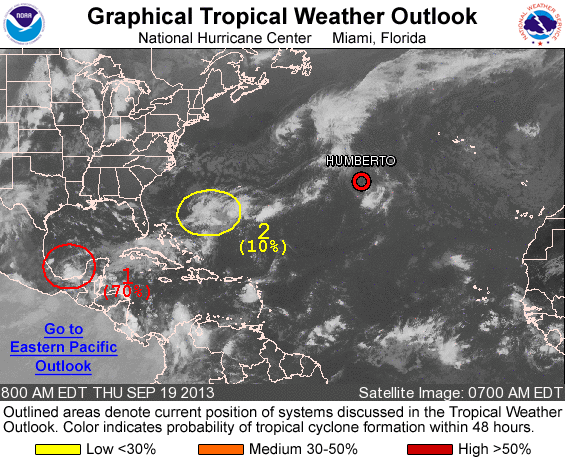
FOR THE NORTH ATLANTIC...CARIBBEAN SEA AND THE GULF OF MEXICO...

THE NATIONAL HURRICANE CENTER IS ISSUING ADVISORIES ON TROPICAL DEPRESSION HUMBERTO...LOCATED OVER THE EASTERN ATLANTIC WELL TO THE WEST-SOUTHWEST OF THE AZORES.

1. AN AREA OF LOW PRESSURE LOCATED OVER THE SOUTHWESTERN GULF OF MEXICO IS PRODUCING DISORGANIZED SHOWER AND THUNDERSTORM ACTIVITY NEAR THE COAST OF THE BAY OF CAMPECHE. CONDITIONS STILL APPEAR CONDUCIVE FOR THE FORMATION OF A TROPICAL DEPRESSION DURING THE NEXT DAY OR TWO...AND AN AIR FORCE RESERVE HURRICANE HUNTER AIRCRAFT IS SCHEDULED TO INVESTIGATE THE LOW THIS AFTERNOON...IF NECESSARY. THIS SYSTEM HAS A HIGH CHANCE...70 PERCENT...OF BECOMING A TROPICAL CYCLONE DURING THE NEXT 48 HOURS WHILE IT MOVES WEST-NORTHWESTWARD TO NORTHWESTWARD AT 5 TO 10 MPH...AND A HIGH CHANCE...80 PERCENT...OF BECOMING A TROPICAL CYCLONE DURING THE NEXT 5 DAYS. THIS DISTURBANCE WILL LIKELY SPREAD HEAVY RAIN OVER PORTIONS OF EASTERN AND SOUTHERN MEXICO AND COULD CAUSE LIFE-THREATENING FLOODS AND MUDSLIDES OVER AREAS ALREADY IMPACTED BY TORRENTIAL RAIN DURING THE PAST SEVERAL DAYS.

2. CLOUDINESS AND SHOWERS LOCATED ABOUT MIDWAY BETWEEN THE BAHAMAS AND BERMUDA ARE ASSOCIATED WITH A FRONTAL TROUGH. ALTHOUGH UPPER-LEVEL WINDS DO NOT APPEAR CONDUCIVE FOR SIGNIFICANT TROPICAL DEVELOPMENT...AN AREA OF LOW PRESSURE IS FORECAST TO FORM IN THIS AREA DURING THE NEXT COUPLE OF DAYS. THIS SYSTEM COULD ACQUIRE SOME SUBTROPICAL CHARACTERISTICS WHILE IT MOVES GENERALLY NORTHEASTWARD OVER THE WESTERN ATLANTIC THROUGH EARLY NEXT WEEK. THIS SYSTEM HAS A LOW CHANCE...10 PERCENT...OF BECOMING A SUBTROPICAL CYCLONE DURING THE NEXT 48 HOURS AND A LOW CHANCE...20 PERCENT...OF BECOMING A SUBTROPICAL CYCLONE DURING THE NEXT 5 DAYS.

FIVE-DAY FORMATION PROBABILITIES ARE EXPERIMENTAL IN 2013. COMMENTS ON THE EXPERIMENTAL FORECASTS CAN BE PROVIDED AT...

HTTP://WWW.NWS.NOAA.GOV/SURVEY/NWS-SURVEY.PHP?CODE=ETWO

FORECASTER BROWN